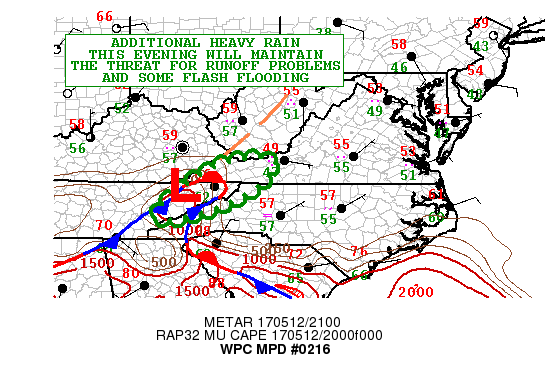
AREAS AFFECTED...NORTHEAST TN...SOUTHWEST VA...FAR NORTHWEST NC

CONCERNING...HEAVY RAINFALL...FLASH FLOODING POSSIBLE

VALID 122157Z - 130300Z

SUMMARY...SOME ADDITIONAL ROUNDS OF SHOWERS AND THUNDERSTORMS
THROUGH THE EVENING WILL MAINTAIN THE THREAT FOR RUNOFF PROBLEMS
AND PERHAPS SOME FLASH FLOODING.

DISCUSSION...AN AXIS OF WEAK WARM SECTOR INSTABILITY CONTINUES TO
NOSE UP ACROSS FAR EASTERN TN LATE THIS AFTERNOON JUST AHEAD OF A
COLD FRONT AND WITH SUPPORT FROM AN AREA OF LOW PRESSURE NEAR THE
VA/TN BORDER. SUFFICIENT BOUNDARY LAYER DESTABILIZATION COUPLED
WITH SURFACE CONVERGENCE AND LOCALIZED OROGRAPHIC ASCENT HAS
ALLOWED MULTIPLE BANDS OF HEAVY SHOWERS AND THUNDERSTORMS TO
IMPACT THE WEST-FACING SLOPES OF THE SMOKY MOUNTAIN CREST ALONG
WITH ADJACENT AREAS OF NORTHEAST TN AND SOUTHWEST VA. THE
EXPERIMENTAL GOES-16 IR SATELLITE IMAGERY HAS SHOWN SOME RATHER
IMPRESSIVELY COLD CONVECTIVE TOPS OVER NORTHEAST TN OVER THE LAST
30 MINUTES WHICH IS SUGGESTIVE OF INTENSE RAINFALL RATES WITH THE
ONGOING THUNDERSTORM ACTIVITY. IN FACT...DUAL-POL RADAR ESTIMATES
HAVE BEEN UPWARDS OF 1.25 TO 1.5 INCHES/HR LOCALLY.

ADDITIONAL SHOWER AND THUNDERSTORM ACTIVITY IS EXPECTED THROUGH
THE EVENING ACROSS NORTHEAST TN AND INTO SOUTHWEST VA AS A
SHORTWAVE TROUGH CROSSES THE TN VALLEY. THE LATEST HRRR GUIDANCE
SUPPORTS AN ADDITIONAL 1.5 TO 2 INCHES OF OROGRAPHICALLY ENHANCED
RAIN NEAR THE VA/TN BORDER AND ALSO OVER THE SMOKY MOUNTAINS ALONG
AND ADJACENT THE NC/TN BORDER THROUGH 03Z. GIVEN SOME OF THE
EARLIER HEAVY RAINFALL...THESE ADDITIONAL RAINS MAY ENHANCE THE
THREAT OF RUNOFF PROBLEMS THROUGH THE EVENING WITH SOME FLASH
FLOODING ALSO POSSIBLE.